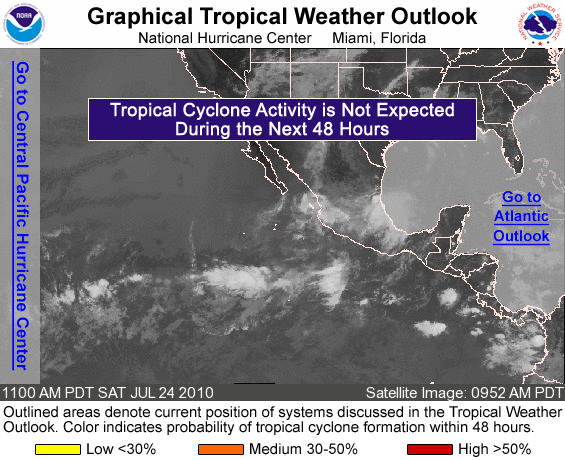
FOR THE EASTERN NORTH PACIFIC...EAST OF 140 DEGREES WEST LONGITUDE..

TROPICAL CYCLONE FORMATION IS NOT EXPECTED DURING THE NEXT 48 HOURS.

FORECASTER ROBERTS/AVILA